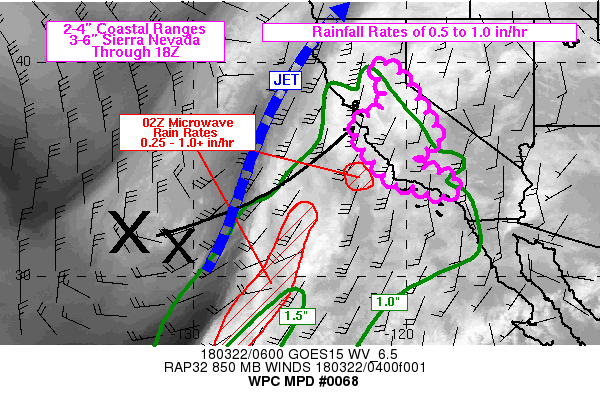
AREAS AFFECTED...CNTRL TO SRN CA COAST INTO THE SIERRA NEVADA MTNS

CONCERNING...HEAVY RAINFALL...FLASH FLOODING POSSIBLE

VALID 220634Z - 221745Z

SUMMARY...RAINFALL RATES OF 0.5 TO 1.0 IN/HR ARE EXPECTED AT TIMES
INTO THE SIERRA NEVADA MOUNTAINS AND ALONG THE COASTAL RANGES OF
CNTRL/SRN CALIFORNIA THROUGH 18Z. 12 HR RAINFALL TOTALS OF 2-4
INCHES ALONG THE COASTAL RANGES AND 3-6 INCHES ALONG THE SIERRA
NEVADA UPSLOPE CAN BE EXPECTED ALONG WITH POSSIBLE FLASH FLOODING
OVER BURN SCAR REGIONS.

DISCUSSION...GOES WEST WATER VAPOR IMAGERY DEPICTED TWO VORTICITY
MAXIMA LOCATED NEAR 32N 132W...LOCATED WITHIN THE BASE OF A
MID-UPPER LEVEL TROUGH AXIS. GOES HIGH DENSITY WINDS AND RAP
ANALYSES HAVE SHOWN A 130-150 KT 250 MB JET CORE TO THE EAST OF
THE UPPER LEVEL TROUGH AXIS WITH RECENT AMSU AND SSMIS MICROWAVE
PASSES SHOWING RAINFALL RATES OF 0.25 TO 1.0 IN/HR WITHIN THE
RIGHT ENTRANCE REGION OF THE JET CORE DOWN NEAR 30N. A SECOND AREA
OF 0.25 TO 0.5 IN/HR RAINFALL RATES FROM A 03Z AMSU PASS MOVED
ASHORE MONTEREY AND SAN LUIS OBISPO COUNTIES WITH OBSERVED RAIN
RATES BETWEEN 0.4 AND 0.5 IN/HR ENDING 05-06Z. BLENDED TPW IMAGERY
AND GPS SITE DATA DEPICTED A BROAD AXIS OF PRECIPITABLE WATER
VALUES IN EXCESS OF 1 INCH OVER THE CNTRL AND SRN CALIFORNIA
COAST...EXTENDING INTO THE SAN JOAQUIN VALLEY...WITH VALUES
PEAKING BETWEEN 1.3 AND 1.4 INCHES JUST NORTH OF POINT ARGUELLO.

AS THE UPPER TROUGH AXIS CONTINUES MOVING EAST OVER THE NEXT 6-12
HOURS...UPPER LEVEL DIVERGENCE WITHIN THE RIGHT ENTRANCE REGION OF
THE AFOREMENTIONED UPPER JET WILL BEGIN TO APPROACH THE WEST COAST
ALONG WITH INCREASING 850-700 MB FLOW. RECENT RAP FORECASTS HAVE
BEEN CONSISTENT WITH 850-700 MB WIND SPEEDS BETWEEN 35 AND 50 KT
COMBINED WITH PRECIPITABLE WATER VALUES BETWEEN 1.2 AND 1.4
INCHES.

A LONG DURATION OF HIGHLY ANOMALOUS INTEGRATED MOISTURE TRANSPORT
IS EXPECTED INTO CNTRL AND SRN CALIFORNIA...EXPECTED TO PEAK
BETWEEN 09-15Z ACROSS THE CNTRL AND SRN SIERRA NEVADA RANGE WITH
RAINFALL RATES OF 0.5 TO 1.0 IN/HR LIKELY...WITH RATES IN EXCESS
OF 0.5 IN/HR POSSIBLE BEFORE AND AFTER THIS TIME FRAME. PEAK
INTEGRATED MOISTURE TRANSPORT VALUES WILL SLOWLY SLIDE DOWN THE
COASTLINE FROM SOUTH OF MONTEREY BAY TO THE TRANSVERSE RANGES OF
SRN CALIFORNIA THROUGH 18Z ALONG WITH EXPECTED RAINFALL RATES OF
0.5 TO 0.75 IN/HR ALONG WITH PERIODS OF TRAINING ALLOWING FOR
LOCALLY VERY HEAVY RAINFALL THROUGH 18Z. RAINFALL TOTALS OF 2-4
INCHES ALONG THE COASTAL RANGES AND 3-6 INCHES BELOW 8000 FT
ELEVATION IN THE SIERRA NEVADA ARE FORECAST BY THE 00Z HREF MEAN
THROUGH 18Z. GIVEN ANTECEDENT RAINFALL AND AREA BURN SCARS
SCATTERED ACROSS THE REGION...DANGEROUS DEBRIS FLOWS AND
LANDSLIDES WILL BE POSSIBLE.